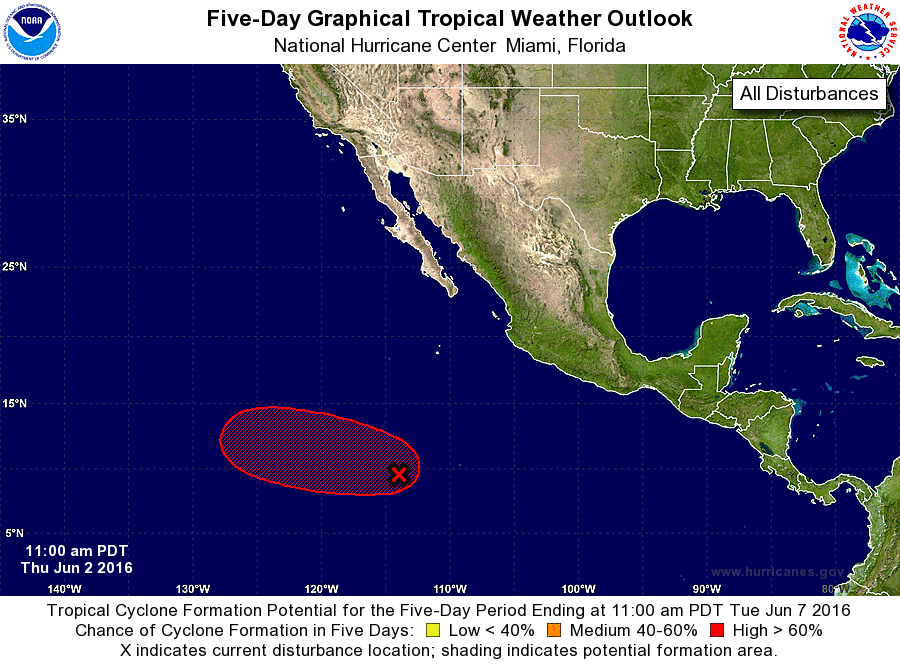
For the eastern North Pacific...east of 140 degrees west longitude:

1. Showers and thunderstorms remain disorganized in association with a low pressure area located about 950 miles south-southwest of the southern tip of the Baja California peninsula. However, environmental conditions are expected to be conducive for development, and a tropical depression is likely to form during the next couple of days as the disturbance moves west-northwestward at about 10 mph.
* Formation chance through 48 hours...medium...60 percent
* Formation chance through 5 days...high...80 percent

Forecaster Cangialosi